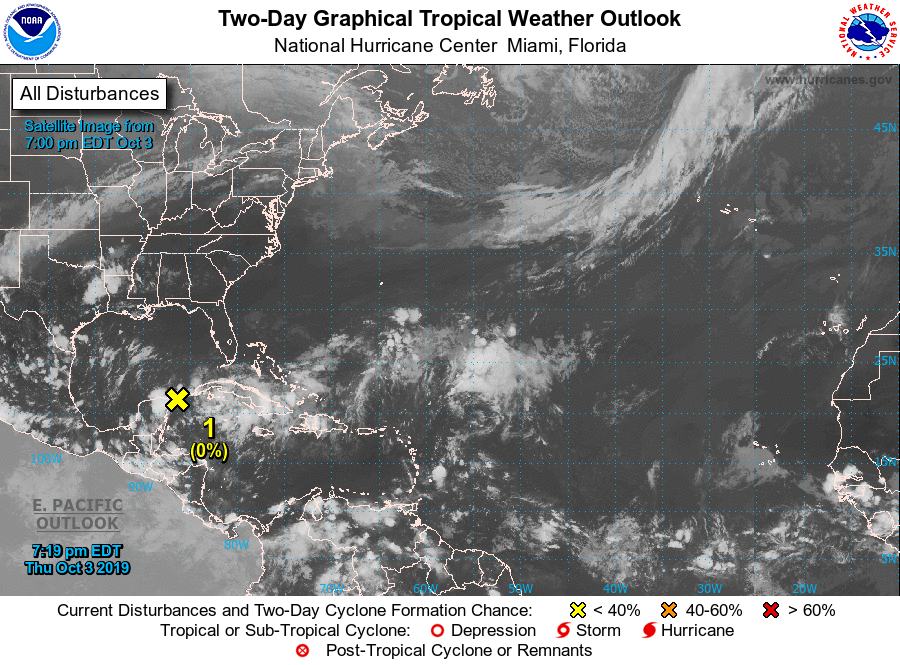
For the North Atlantic...Caribbean Sea and the Gulf of Mexico:

1. Disorganized showers and thunderstorms that stretch across the northwestern Caribbean Sea from southeastern Mexico to western Cuba are associated with a broad area of low pressure. Environmental conditions are not expected to support any significant development of this system while it moves slowly across the northern portion of the Yucatan peninsula and over the Bay of Campeche during the next few days.
* Formation chance through 48 hours...low...near 0 percent.
* Formation chance through 5 days...low...10 percent.

Forecaster Zelinsky